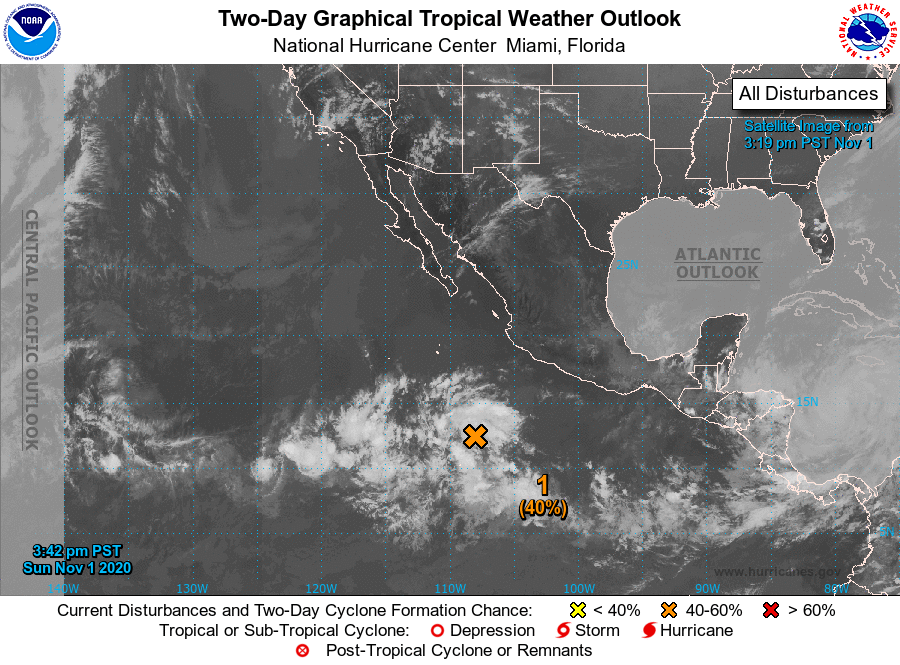
For the eastern North Pacific...east of 140 degrees west longitude:

1. A trough of low pressure located several hundred miles southwest of the coast of southern Mexico is producing a broad area of showers and thunderstorms. Environmental conditions appear favorable for gradual development, and a tropical depression is likely to form by the middle of the week as the system moves west-northwestward over the eastern Pacific.
* Formation chance through 48 hours...medium...40 percent.
* Formation chance through 5 days...high...80 percent.

Forecaster Papin/Latto